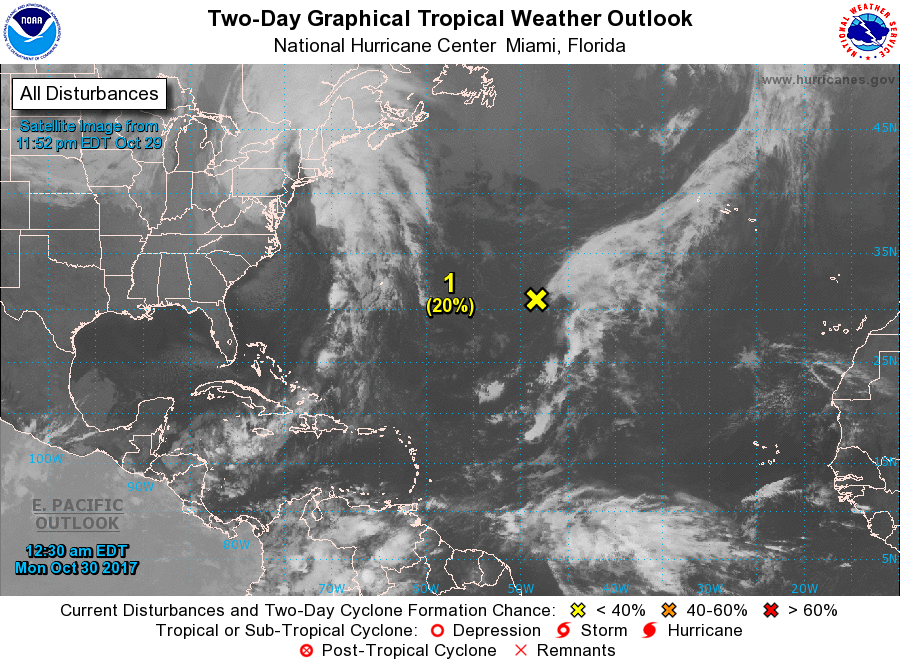
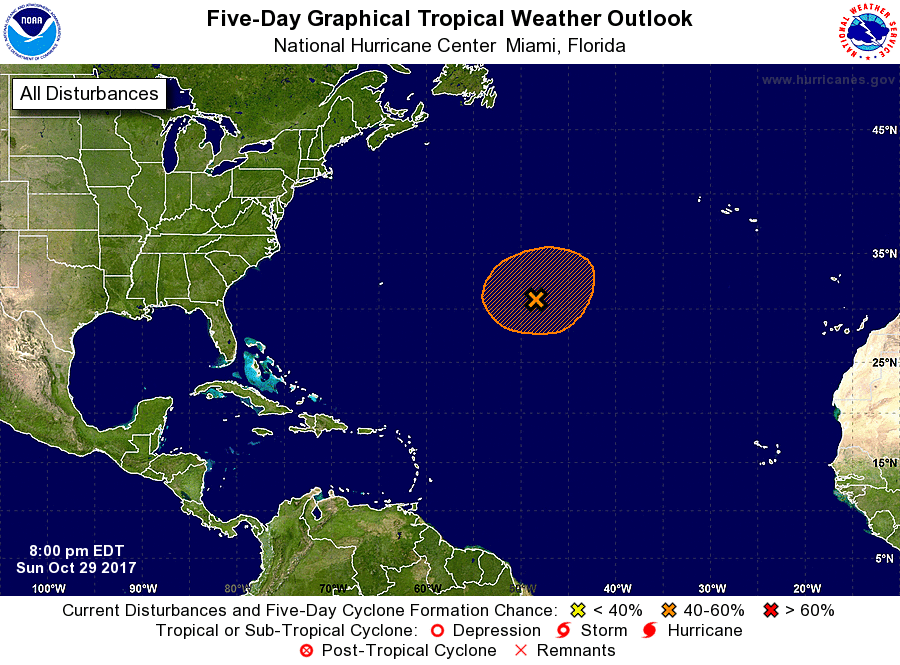
For the North Atlantic...Caribbean Sea and the Gulf of Mexico:

The National Hurricane Center has issued the last advisory on the remnants of Philippe, which dissipated over the western Atlantic Ocean southeast of Cape Hatteras, North Carolina.

1. A non-tropical low pressure system located about 1000 miles east of Bermuda is producing some disorganized shower and thunderstorm activity. This low could gradually acquire some subtropical or tropical characteristics by the middle of the week while it meanders over the central Atlantic Ocean between Bermuda and the Azores.
* Formation chance through 48 hours...low...20 percent.
* Formation chance through 5 days...medium...40 percent.

Forecaster Brennan